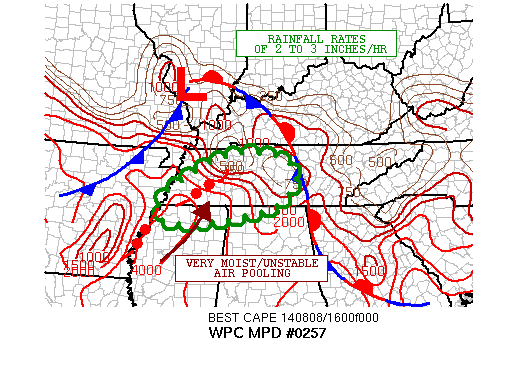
AREAS AFFECTED...WESTERN/CENTRAL TN...FAR NORTHERN MS...EXTREME
NRN AL

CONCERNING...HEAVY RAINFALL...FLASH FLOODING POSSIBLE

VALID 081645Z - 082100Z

SUMMARY...BACK-BUILDING/REPEATING CONVECTION AND VERY INTENSE
RAINFALL RATES WILL FOSTER SOME FLASH FLOOD CONCERNS THE NEXT FEW
HOURS.

DISCUSSION...THE LATEST SAT IMAGERY SHOWS A GRADUALLY ORGANIZING
BAND OF STRONGER COLD-TOPPED CONVECTION OVER WRN TN THAT IS MOVING
SLOWLY EASTWARD. MEANWHILE...THE VIS IMAGERY IS INDICATING A
GRADUALLY EXPANDING CU/TCU FIELD OVER NERN AR AND WRN TN ADJACENT
THE AREAS OF ONGOING CONVECTION WHICH INDICATES A TREND TOWARD
ADDITIONAL INSTABILITY ACROSS THE REGION.

IN FACT...THE LATEST RAP ANALYSIS SHOWS A POOL OF VERY UNSTABLE
AIR NOW OVER NRN MS AND SWRN TN...WITH SBCAPE VALUES APPROACHING
4000 J/KG. THIS ENERGY AHEAD OF THE ONGOING CONVECTION COUPLED
WITH SHORTWAVE ENERGY OVER SRN IL/NRN AR AND WRN KY THAT IS
DIGGING ESEWD SHOULD HELP TO ORGANIZE AND EXPAND CONVECTION
FURTHER.

THE CONVECTION WILL BE MOVING OVER AREAS THAT HAVE SEEN HVY
RAINFALL AMOUNTS OVER THE LAST 24 HRS...AND ESP OVER WRN/CNTRL TN.
MEANWHILE...THE PWAT ENVIRONMENT IS VERY MOIST WITH GOES-SOUNDER
PWATS NEAR OR SLIGHTLY OVER 2 INCHES. THIS SHOULD SUPPORT RAINFALL
RATES OF 2 TO 3 INCHES/HR...AND GIVEN WET SOIL CONDITIONS
LOCALLY...FLASH FLOODING WILL BE POSSIBLE.